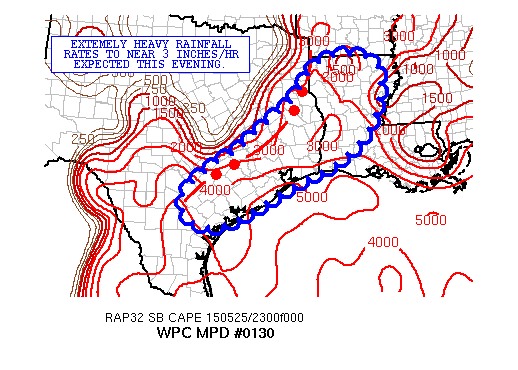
AREAS AFFECTED...SOUTHEAST TO EAST-CENTRAL TX...WESTERN LA

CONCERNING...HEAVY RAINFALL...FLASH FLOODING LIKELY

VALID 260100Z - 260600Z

SUMMARY...VERY HEAVY SHOWERS AND THUNDERSTORMS WILL ARRIVE THIS
EVENING WITH RAINFALL RATES OF 2 TO 3 INCHES/HR. LOCALLY
SIGNIFICANT FLASH FLOODING IS POSSIBLE.

DISCUSSION...THE SOUTHERN PORTION OF AN EXPANSIVE MCS NOW
APPROACHING THE LOWER MS VALLEY HAS BEEN PRODUCING EXTREMELY HEAVY
RAINFALL RATES AND IS CHARACTERIZED BY CLOUD TOP TEMPERATURES AS
COLD AS -80C OVER PARTS OF EASTERN TX.

THE CONVECTION CONTINUES TO TAKE ADVANTAGE OF A COMBINATION OF
ROBUST DEEP LAYER ASCENT AROUND THE SOUTHERN FLANK OF A DEPARTING
VORT CENTER...ALONG WITH A VERY MOIST AND VERY UNSTABLE AIRMASS
POOLED ACROSS SOUTHEAST TX AND LA. IN FACT...THE LATEST RAP
ANALYSIS DEPICT SBCAPE VALUES OF 4000 TO 5000 J/KG VALUES ALONG
THE IMMEDIATE SOUTHEAST TX COASTAL PLAIN...AND MEANWHILE
PERSISTENT SOUTHERLY H85 FLOW OF 30 TO 40 KTS IN OFF THE WESTERN
GULF OF MEXICO IS FOCUSING PWATS OF 1.75 TO 2 INCHES OUT AHEAD OF
THE MCS.

THE SOUTHERN PORTION OF THE MCS HAS BEEN INCREASINGLY BECOMING
ORIENTED SW/NE OVER THE LAST COUPLE OF HOURS...AND IS BECOMING
MORE ALIGNED MEAN WITH THE DEEPER MEAN FLOW. UNFORTUNATELY...THIS
WILL SET THE STAGE FOR VERY HEAVY RAINFALL AMOUNTS THIS EVENING
OVER SOUTHEAST TX...WITH A HIGH LIKELIHOOD OF TRAINING CELLS. THE
12Z ARW AND LATEST HRRR RUN SUGGEST THE MCS FOCUSING AS MUCH AS 4
TO 6 INCHES OF RAIN WITH LOCALLY HEAVIER AMOUNTS THROUGH 06Z.
SIGNIFICANT FLASH FLOODING IS EXPECTED AT LEAST LOCALLY AS A
RESULT.

EXPECT SOMEWHAT LOWER AMOUNTS OVER NORTHWEST LA AS THIS PART OF
THE CONVECTIVE LINE IS EXPECTED TO BE A BIT MORE PROGRESSIVE.
HOWEVER...WITH SUCH INTENSE RAINFALL RATES...FLASH FLOODING WILL
BE A CONCERN HERE AS WELL.